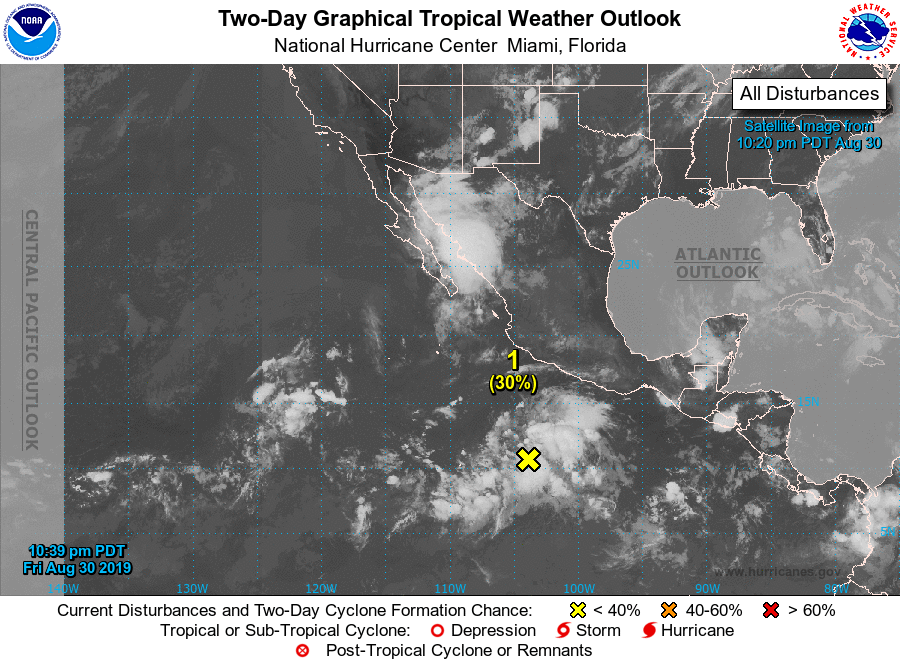
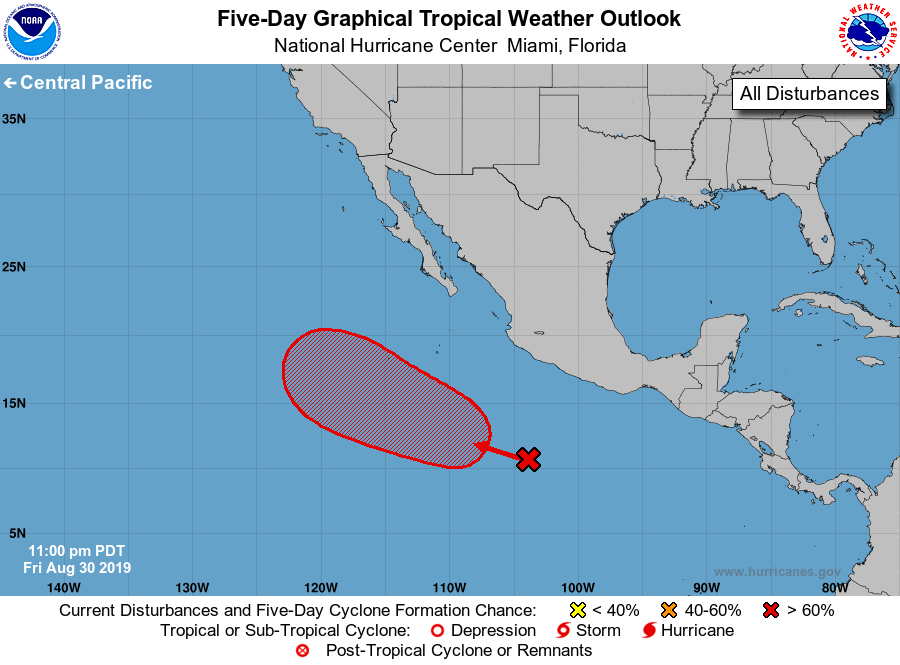
For the eastern North Pacific...east of 140 degrees west longitude:

1. A broad area of low pressure located several hundred miles south- southwest of the southern coast of Mexico is producing a large area of disorganized showers and thunderstorms. Environmental conditions appear conducive for development of this system, and a tropical depression is likely to form next week while the system moves west-northwestward at 10 to 15 mph.
* Formation chance through 48 hours...low...30 percent.
* Formation chance through 5 days...high...70 percent.

Forecaster Berg